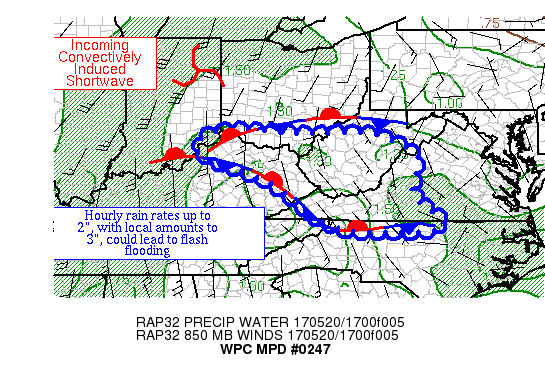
AREAS AFFECTED...UPPER OH VALLEY & CENTRAL APPALACHIANS

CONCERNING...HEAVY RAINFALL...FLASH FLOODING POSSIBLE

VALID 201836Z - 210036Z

SUMMARY...CONVECTION IS DEVELOPING OVER PARTIALLY SATURATED SOILS.
 FLASH FLOODING IS A CONCERN.

DISCUSSION...A CONVECTIVE SHORTWAVE MOVING THROUGH INDIANA
COMBINED WITH DAYTIME HEATING HAS LED TO SURFACE BASED CONVECTION
TO ITS SOUTH ACROSS NORTHERN KY.  BULK SHEAR IN THE 0-6 KM LAYER
IS CLOSE TO 30 KTS PER SPC MESOANALYSES.  TO THE EAST, PULSE
CONVECTION ACROSS SOUTHWEST VA HAS BEEN EFFICIENT LOCALLY, WITH
HOURLY RAIN RATES UP TO 2".  PRECIPITABLE WATER VALUES OF 1-1.75"
EXIST ACROSS THE REGION, WITH LOWER VALUES IN HIGHER TERRAIN.
LOW-LEVEL INFLOW IS STRONGEST ACROSS THE WESTERN PORTION OF THE
AREA, OUT OF THE SOUTHWEST AT 25 KTS PER VAD WIND PROFILES.
UPSTREAM MLCAPES ACROSS PORTIONS OF KY, WV, AND WESTERNMOST VA ARE
IN THE 1000-2000 J/KG RANGE.

WITH TIME, INFLOW AT 850 HPA INCREASES ACROSS THE UPPER OHIO
VALLEY, SOUTHERN WV AND SOUTHWEST VA AS A CONVECTIVE SHORTWAVE
APPROACHES.  THE 12Z GFS-BASED GALVEZ-DAVISON INSTABILITY INDEX
SHOWS RISING VALUES ACROSS THE REGION THROUGH 21Z, PEAKING IN THE
30-35 RANGE, WHICH IMPLIES INCREASING CONVECTIVE COVERAGE WITH
TIME.  HOURLY RAIN RATES UP TO 2" ARE SUPPORTED BY THE AVAILABLE
INSTABILITY AND MOISTURE.  THE 850-400 HPA MEAN WINDS AND FORWARD
PROPAGATING CONVECTIVE VECTORS APPEAR TO BE LIGHT HERE, WHICH
INCREASES THE RISK FOR HEAVY RAINS.  THE GUIDANCE SHOWS A SPLOTCHY
RAINFALL PATTERN IN THIS REGION DUE TO A MIX OF ORGANIZED AND
PULSE CONVECTION ANTICIPATED, WITH LOCAL AMOUNTS OF 2-3" INDICATED
THROUGH 00Z.  THE 06Z SSEO NEIGHBORHOOD PROBABILITIES OF EXCEEDING
THE THREE HOUR FLASH FLOOD GUIDANCE THROUGH 00Z SHOW INTERMITTENT
50%+ EXCEEDANCE BETWEEN NORTHERN KY AND SOUTHWEST VA, WHICH IS
CAUSED MAINLY BY LOW FLASH FLOOD GUDIANCE VALUES/PARTIALLY
SATURATED SOILS CAUSED BY A WET 30 DAY PERIOD PARTICULARLY ACROSS
SOUTHERN WV AND SOUTHWEST VA.  FLASH FLOODING IS CONSIDERED
POSSIBLE.